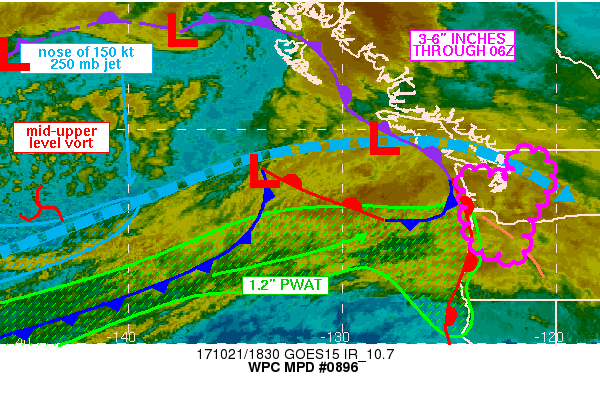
AREAS AFFECTED...WESTERN WA INTO THE NORTHERN HALF OF WESTERN OR

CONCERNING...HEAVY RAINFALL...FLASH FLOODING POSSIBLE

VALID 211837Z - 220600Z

SUMMARY...HEAVY RAIN WITH TOTALS OF 3-6 INCHES...LOCALLY
HIGHER...IS EXPECTED TO AFFECT NORTHWESTERN OR INTO WESTERN WA
THROUGH 06Z. THE HEAVIEST TOTALS ARE EXPECTED TO BE JUST SOUTH AND
NORTH OF THE OR/WA BORDER ALONG THE COASTAL RANGES AND CASCADE
RANGE.

DISCUSSION...A 13Z PASS SEEN ON THE 89 GHZ CHANNEL FROM AMSU
INDICATED A WEAK WAVE NEAR 47N 137W DEVELOPING ON A PACIFIC COLD
FRONT. GOES 15 WATER VAPOR IMAGERY SHOWED A DEEPENING SHORTWAVE
NEAR 46N 145W WHICH WAS ASSOCIATED WITH A POWERFUL UPPER LEVEL JET
CORE WITH 12Z GFS AND GOES HD WIND DATA INDICATING THE LEADING
EDGE OF THE 150 KT ISOTACH NEAR 46N 140W. BLENDED TPW AND GPS
OBSERVATIONS SHOWED 1.2+ INCH PRECIPITABLE WATER VALUES EXTENDING
EAST-NORTHEASTWARD ACROSS THE PACIFIC REACHING MUCH OF THE OR
COAST WITH 1.3 INCHES OBSERVED BETWEEN COOS BAY AND PORT ORFORD
FROM 15-18Z.

AS THE UPPER SHORTWAVE CONTINUES TO AMPLIFY TOWARD THE COAST OF
BRITISH COLUMBIA OVER THE NEXT 12 HOURS...THE FRONTAL WAVE IS
EXPECTED TO ADVANCE NORTH OF VANCOUVER ISLAND WHICH SHOULD ALLOW
THE AXIS OF STRONGEST MOISTURE TRANSPORT TO REACH THE WA/OR BORDER
BETWEEN 21-00Z. 850-700 MB WINDS FROM THE WSW ARE EXPECTED TO
RANGE IN THE 50-60 KT RANGE ALONG THE COAST WITH PRECIPITABLE
WATER VALUES OF 1.3 TO 1.4 INCHES ALONG THE WA/OR COASTAL
BORDER...AND 1.2-1.3 INCHES IN THE NORTHERN WILLAMETTE VALLEY.

00Z AND 12Z HI-RES GUIDANCE SHOWED GOOD RUN TO RUN CONTINUITY WITH
THE QPF VALUES INTO WESTERN WA AND NORTHERN OR THROUGH 06Z.
RAINFALL RATES OF 0.5+ IN/HR SHOULD BEGIN TO IMPACT THE NORTHERN
OREGON CASCADES AND COASTAL RANGES WITHIN THE NEXT HOUR OR
TWO...WITH THE 0.5+ IN/HR RATES FOCUSING INTO SOUTHWESTERN WA AND
THE WA CASCADES BY 00Z. BETWEEN 00Z AND 06Z...THERE ARE SEVERAL
HI-RES MODELS AND THE 12Z HREF MEAN VERSION 2 SHOWING RAINFALL
RATES EXCEEDING 0.75 IN/HR INTO THE SOUTHERN WA CASCADES. THESE
RAINFALL RATES MAY LEAD TO FLASH FLOODING ACROSS MORE SENSITIVE
BURN SCAR LOCATIONS IN THE STEEP TERRAIN FROM NORTHERN OR INTO WA.
OVERALL...3-6+ INCHES IS FORECAST ACROSS WESTERN WA INTO
NORTHWESTERN OR WITH A FOCUS WITHIN 75 MILES OF THE WA/OR BORDER
ACROSS THE CASCADES AND COASTAL RANGES.